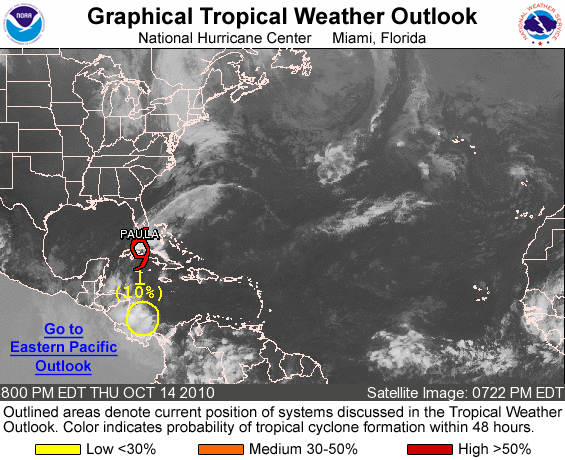
FOR THE NORTH ATLANTIC...CARIBBEAN SEA AND THE GULF OF MEXICO...

THE NATIONAL HURRICANE CENTER IS ISSUING ADVISORIES ON TROPICAL STORM PAULA...LOCATED ABOUT 25 MILES EAST OF HAVANA CUBA AND ABOUT 45 MILES WEST OF VERADERO CUBA.

1. AN AREA OF THUNDERSTORMS HAS DEVELOPED OVER THE EXTREME SOUTHWESTERN CARIBBEAN SEA. ENVIRONMENTAL CONDITIONS ARE ONLY MARGINALLY FAVORABLE FOR DEVELOPMENT DURING THE NEXT COUPLE OF DAYS...BUT CONDITIONS MAY BECOME MORE CONDUCIVE AFTERWARDS. THERE IS A LOW CHANCE...10 PERCENT...OF THIS SYSTEM BECOMING A TROPICAL CYCLONE DURING THE NEXT 48 HOURS AS THE DISTURBANCE MOVES LITTLE.

ELSEWHERE...TROPICAL CYCLONE FORMATION IS NOT EXPECTED DURING THE NEXT 48 HOURS.

FORECASTER STEWART